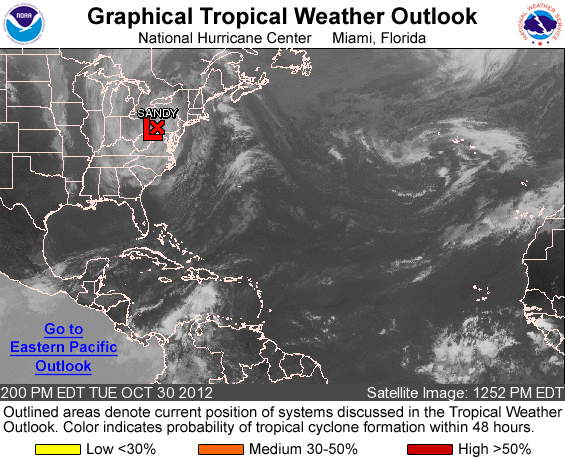
FOR THE NORTH ATLANTIC...CARIBBEAN SEA AND THE GULF OF MEXICO...

THE HYDROMETEOROLOGICAL PREDICTION CENTER IS ISSUING PUBLIC ADVISORIES ON POST-TROPICAL CYCLONE SANDY...CENTERED OVER SOUTHWESTERN PENNSYLVANIA.

ELSEWHERE...TROPICAL STORM FORMATION IS NOT EXPECTED DURING THE NEXT 48 HOURS.

&&
PUBLIC ADVISORIES ON SANDY ARE BEING ISSUED UNDER WMO HEADER WTNT33 KWNH...AND AWIPS HEADER TCPAT3.

FORECASTER BLAKE